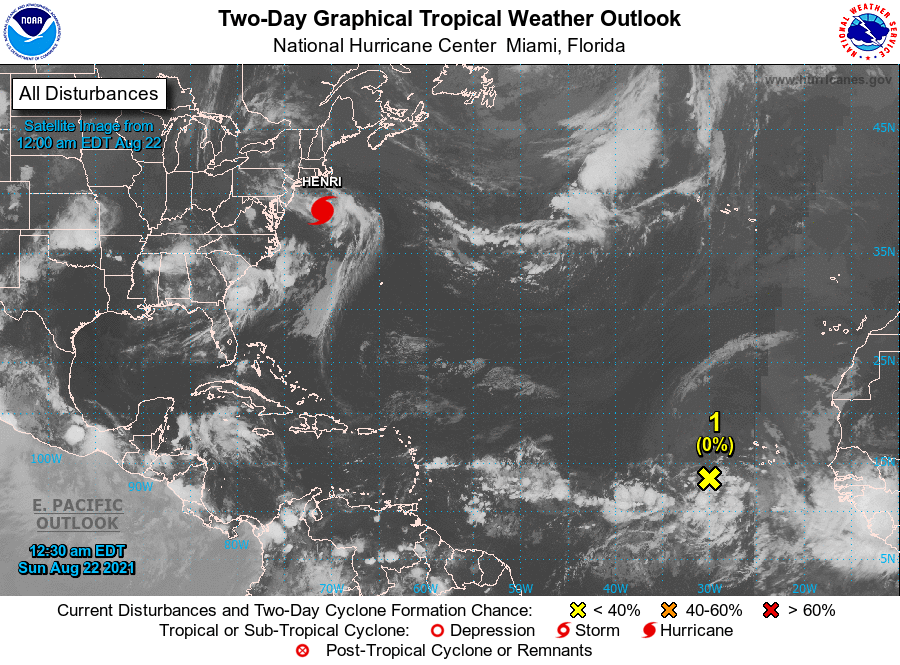
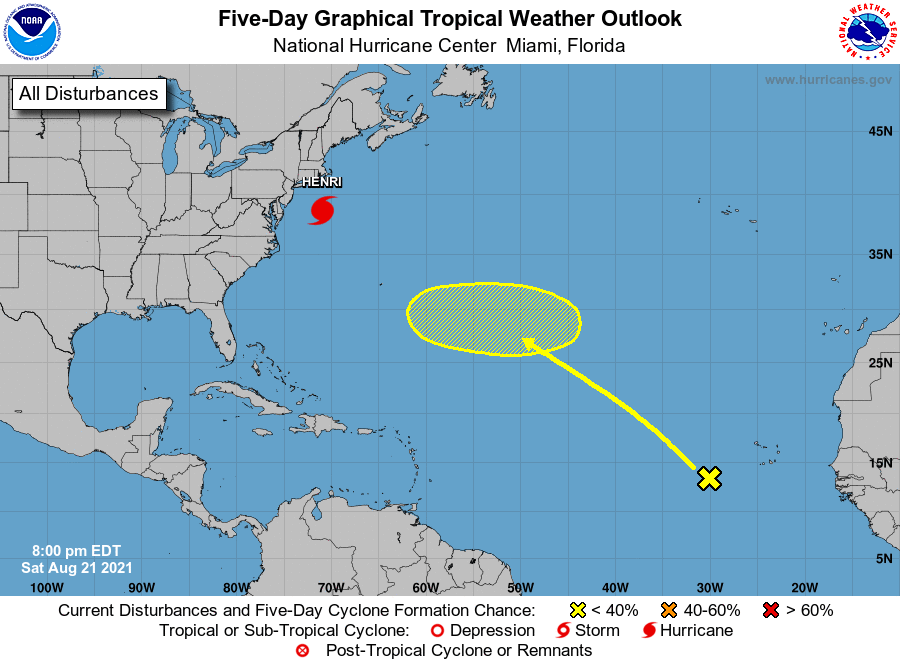
For the North Atlantic...Caribbean Sea and the Gulf of Mexico:

The National Hurricane Center is issuing advisories on Hurricane Henri, located several hundred miles south-southeast of Long Island, New York, and has issued the last advisory on the Remnants of Grace, located inland over central Mexico.

1. Disorganized shower activity over the eastern tropical Atlantic is associated with two interacting tropical waves near and to the southwest of the Cabo Verde Islands. Little, if any, development of this broad system is anticipated over the next couple of days. However, some gradual development is possible later on by the middle of next week as the system moves northwestward at 10 to 15 mph.
* Formation chance through 48 hours...low...near 0 percent.
* Formation chance through 5 days...low...10 percent.

Forecaster Papin/Beven